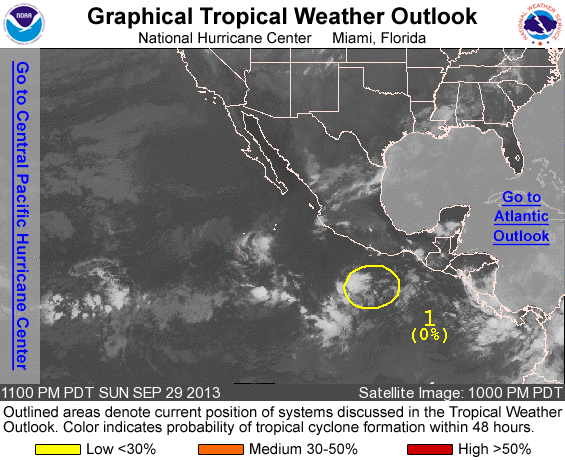
FOR THE EASTERN NORTH PACIFIC...EAST OF 140 DEGREES WEST LONGITUDE..

1. SHOWER ACTIVITY ASSOCIATED WITH A BROAD AREA OF LOW PRESSURE LOCATED A COUPLE OF HUNDRED MILES SOUTHWEST OF THE GULF OF TEHUANTEPEC REMAINS LIMITED. ENVIRONMENTAL CONDITIONS DO NOT APPEAR CONDUCIVE FOR DEVELOPMENT OF THIS DISTURBANCE DURING THE NEXT SEVERAL DAYS WHILE IT MOVES WESTWARD AT 5 TO 10 MPH. THIS SYSTEM HAS A LOW CHANCE...NEAR 0 PERCENT...OF BECOMING A TROPICAL CYCLONE DURING THE NEXT 48 HOURS AND A LOW CHANCE...10 PERCENT...OF BECOMING A TROPICAL CYCLONE DURING THE NEXT 5 DAYS.

FIVE-DAY FORMATION PROBABILITIES ARE EXPERIMENTAL IN 2013. COMMENTS ON THE EXPERIMENTAL FORECASTS CAN BE PROVIDED AT...

HTTP://WWW.NWS.NOAA.GOV/SURVEY/NWS-SURVEY.PHP?CODE=ETWO

FORECASTER STEWART